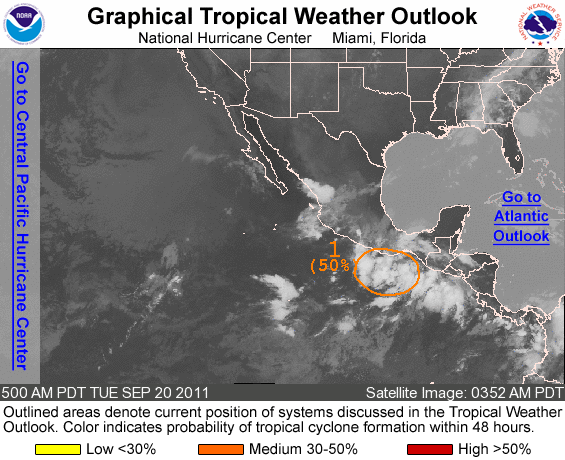
FOR THE EASTERN NORTH PACIFIC...EAST OF 140 DEGREES WEST LONGITUDE..

1. SHOWERS AND THUNDERSTORMS HAVE NOT BECOME ANY BETTER ORGANIZED DURING THE PAST FEW HOURS IN ASSOCIATION WITH A LOW PRESSURE SYSTEM CENTERED ABOUT 200 MILES SOUTH-SOUTHEAST OF PUERTO ESCONDIDO MEXICO. HOWEVER...CONDITIONS ARE EXPECTED TO BE FAVORABLE FOR DEVELOPMENT OF THIS DISTURBANCE OVER THE NEXT COUPLE OF DAYS AS IT MOVES WEST-NORTHWESTWARD AT 5 TO 10 MPH. THIS SYSTEM HAS A MEDIUM CHANCE...50 PERCENT...OF BECOMING A TROPICAL CYCLONE DURING THE NEXT 48 HOURS.

ELSEWHERE...TROPICAL CYCLONE FORMATION IS NOT EXPECTED DURING THE NEXT 48 HOURS.

FORECASTER CANGIALOSI